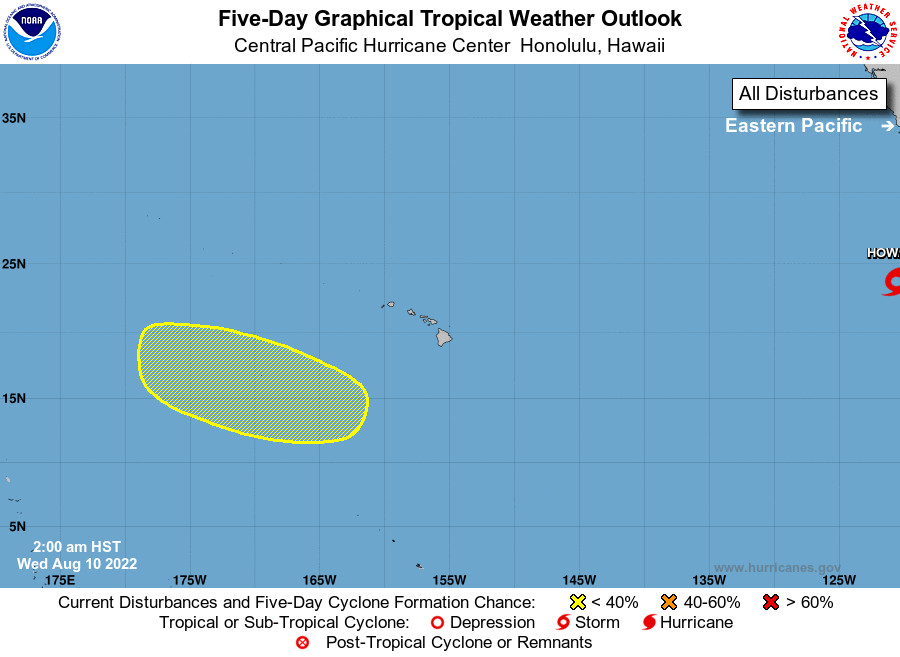
For the central North Pacific...between 140W and 180W:

1. Well south of the main Hawaiian Islands: An elongated surface trough located several hundred miles south of the main Hawaiian Islands continues to produce disorganized showers and thunderstorms early this morning. An area of low pressure could form within this area during the next day or two. Environmental conditions may allow some gradual development of this system as it moves quickly westward to the southwest of the main Hawaiian Islands from Friday into this weekend.
* Formation chance through 48 hours...low...near 0 percent.
* Formation chance through 5 days.....low...20 percent.

Elsewhere, no tropical cyclones are expected during the next 5 days.

Forecaster Houston